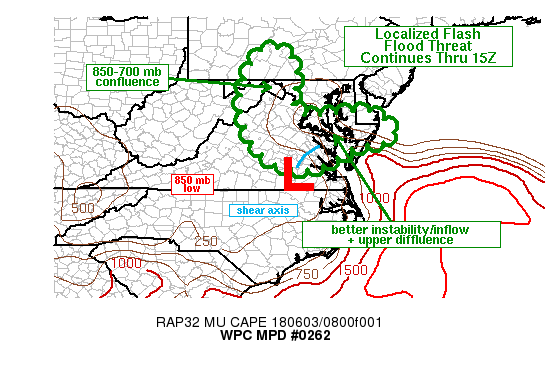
AREAS AFFECTED...PORTIONS OF THE MID-ATLANTIC REGION

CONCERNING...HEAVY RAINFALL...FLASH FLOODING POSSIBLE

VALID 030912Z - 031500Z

SUMMARY...A FLASH FLOOD THREAT WILL CONTINUE INTO THE LATE MORNING
FOR PORTIONS OF THE MID-ATLANTIC REGION WITH AN ADDITIONAL 2-4
INCHES POSSIBLE BY 15Z. THE FLASH FLOOD THREAT APPEARS TO BE
MAXIMIZED OVER EASTERN VA/SOUTHERN MD...NORTH OF I-64...BUT THE
REGIONAL FLASH FLOOD THREAT SHOULD REMAIN LOCALIZED.

DISCUSSION...AN 850-700 MB LOW CONTINUES TO BE SITUATED OVER THE
EASTERN VA/NC BORDER AS OF 0845Z WITH A SLOW MOVEMENT TOWARD THE
NORTHEAST EXPECTED OVER THE NEXT 6 HOURS. THE HEAVIEST RAINFALL
OVER THE PAST FEW HOURS OCCURRED EAST OF RICHMOND ALONG A SHEAR
AXIS WITH EMBEDDED MESOSCALE CIRCULATIONS AMID ESTIMATED MUCAPE OF
250-750 J/KG. RAIN RATES WERE REPORTED TO BE OVER 2 IN/HR IN NEW
KENT COUNTY BETWEEN 06-07Z WITH PRECIPITABLE WATER VALUES NEAR 2
INCHES. THIS REGION CONTINUES TO EXPERIENCE THE BEST UPPER LEVEL
DIFFLUENCE CONNECTED TO A CLOSED UPPER LEVEL LOW SITUATED OVER
SOUTH-CENTRAL VA AS SEEN IN 6.9 MICRON WATER VAPOR IMAGERY.
FARTHER TO THE NORTHWEST OVER PORTIONS OF THE BLUE RIDGE AND
APPALACHIAN MOUNTAINS...RADAR AND GAUGE REPORTS HAVE SHOWN
RAINFALL RATES APPROACHING 1 IN/HR...AN INCREASE FROM EARLIER IN
THE NIGHT. THE REGION TO THE WEST HAS BEEN IN A REGION OF LOWER
INSTABILITY BUT ENHANCED 850-700 MB CONFLUENT FLOW IN ADDITION TO
WINDS HAVING AN UPSLOPE COMPONENT IN THE LOWER LEVELS.

OVER THE NEXT FEW HOURS...RAP FORECASTS ARE FOR THE CLOSED LOW TO
BEGIN TO OPEN UP WHICH SHOULD REDUCE THE DEGREE OF DIFFLUENCE
ALOFT OVER THE CHESAPEAKE BAY REGION. HOWEVER...ENHANCED RAIN
RATES ALONG THE PIVOTING SHEAR AXIS...FROM PETERSBURG TO
TAPPAHANNOCK AT 0845Z...WILL REMAIN POSSIBLE GIVEN A LINGERING
INSTABILITY MAXIMUM AND HIGHLY ANOMALOUS PRECIPITABLE WATER
VALUES. RAINFALL RATES OF 1-2 IN/HR WILL BE POSSIBLE WITH BRIEF
PERIODS OF TRAINING...MAINLY ALONG THE EASTERN PORTION OF THE
LINGERING SHEAR AXIS.

FARTHER TO THE NORTHWEST FROM CENTRAL VA INTO THE WV PANHANDLE AND
SOUTH-CENTRAL PA...CONFLUENT FLOW WITHIN A LOW LEVEL THETA-E MAX
WILL CONTINUE TO SUPPORT RAINFALL RATES APPROACHING 1
IN/HR...WHICH IS IN EXCESS OF VERY LOW FFG ACROSS NORTHERN VA INTO
THE WV PANHANDLE. WHILE CONFLUENT FLOW IS EXPECTED TO GRADUALLY
WEAKEN THROUGH THE REST OF THE MORNING...ADDITIONAL RAINFALL
ACROSS THIS REGION SHOULD RANGE FROM 1-3 INCHES THROUGH 15Z.